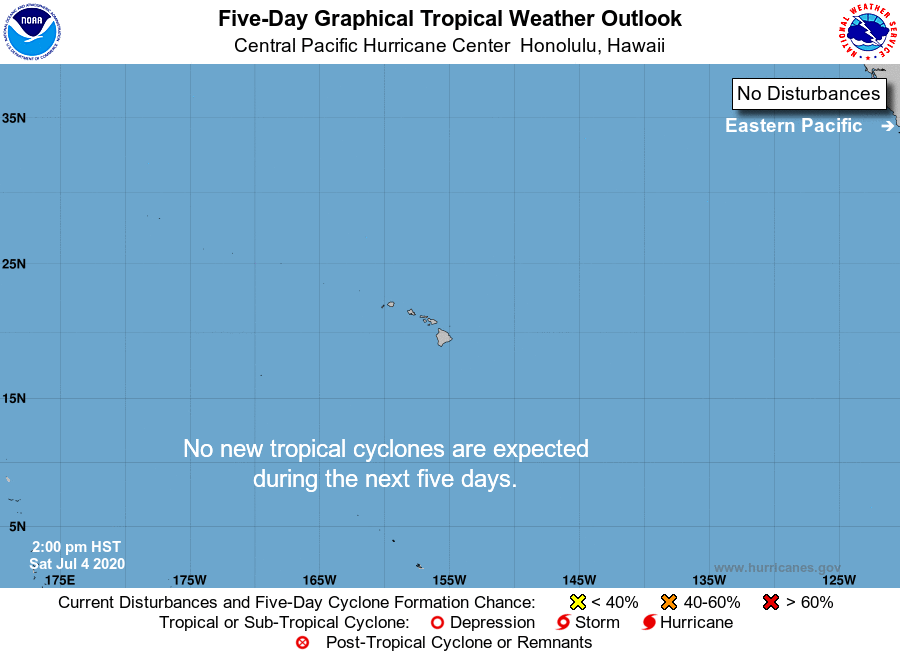
For the central North Pacific...between 140W and 180W:

No tropical cyclones are expected during the next 5 days.

Forecaster Kino